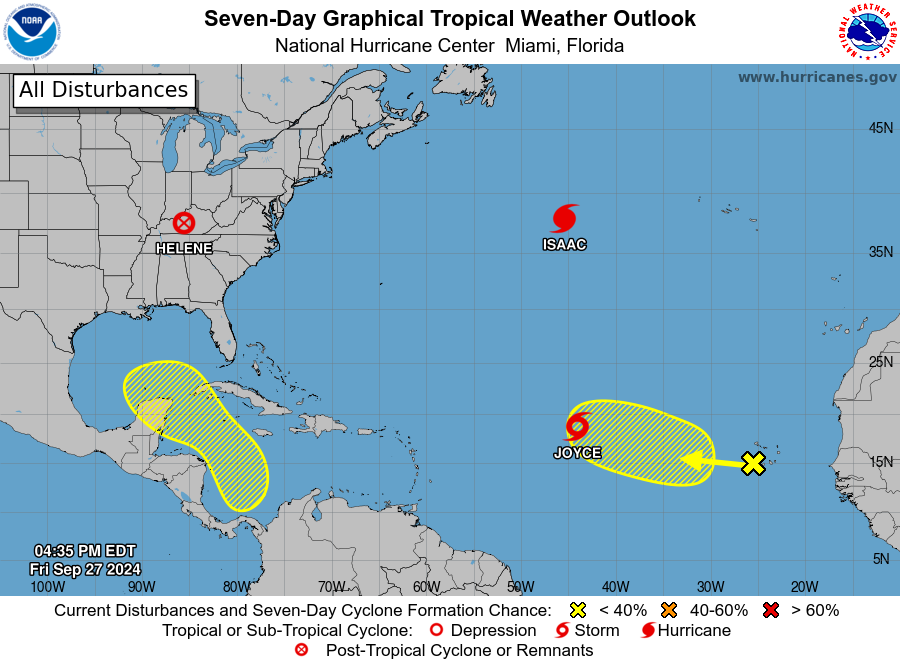
For the North Atlantic...Caribbean Sea and the Gulf of Mexico:

Active Systems: The National Hurricane Center is issuing advisories on Tropical Depression Helene, located inland over the southern Appalachians, on Hurricane Isaac, located over the central Subtropical Atlantic Ocean, and on recently-formed Tropical Storm Joyce, located over the central Tropical Atlantic Ocean.

1. Western Caribbean: An area of low pressure could form over the western Caribbean Sea by the middle of next week. Environmental conditions are expected to be conducive for slow development thereafter while the system moves generally northwestward, potentially entering the Gulf of Mexico by the end of next week.
* Formation chance through 48 hours...low...near 0 percent.
* Formation chance through 7 days...low...30 percent.

2. Eastern Tropical Atlantic: An area of low pressure could form over the eastern tropical Atlantic by the early to middle part of next week. Environmental conditions are expected to be conducive for slow development thereafter while the system moves generally northwestward at 10 to 15 mph.
* Formation chance through 48 hours...low...near 0 percent.
* Formation chance through 7 days...low...30 percent.

Public Advisories on Tropical Storm Joyce are issued under WMO header WTNT31 KNHC and under AWIPS header MIATCPAT1. Forecast/Advisories on Tropical Storm Joyce are issued under WMO header WTNT21 KNHC and under AWIPS header MIATCMAT1.

Forecaster Bucci/Rosado